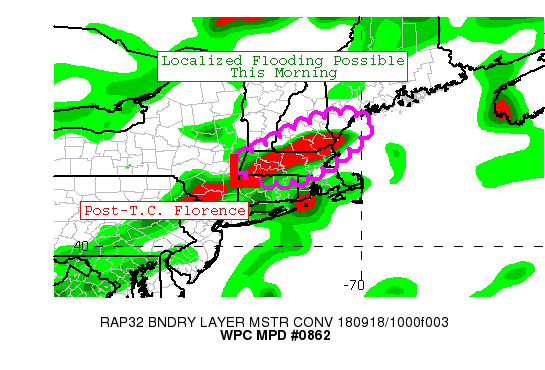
Areas affected...Southern New England

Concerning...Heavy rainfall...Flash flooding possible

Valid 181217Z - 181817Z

Summary....A localized flooding threat continues this morning
ahead of Post-Tropical Cyclone Florence.

Discussion...A broad shield of steady rainfall, and locally more
intense rates, continues to push northeastward into New England. A
general 1 to 3 inches has fallen thus far across northern MA into
southern VT and NH. Limited instability has kept rainfall rates
and the flash flood threat low to this point. Post-tropical
cyclone Florence was moving into far southern NY and western MA as
of 12z, with a warm front extending east northeast from the
center. Low level moisture transport will continue to increase
ahead of the low along/near the warm front. This should continue
to gradually increase instability into the area...allowing for an
uptick in embedded heavier convective cores within the broader
rain shield.

Expect an additional 1-3" of rainfall through the morning hours
across central/northern MA into southern NH and southern ME. Even
with weaker rates, this may cause some areal flooding concerns,
with storm total rains approaching 3-5" in spots. Any embedded
heavier convective cores will result in a localized flash flood
threat as well...especially in any more susceptible urban areas.
The greatest focus of rains should continue to be ahead of
Florence, near the warm front. South of the warm front,
instability is higher, but shower coverage should be less. Thus
while localized heavy rates are more likely here...the areal
coverage and magnitude of total amounts should be lower.